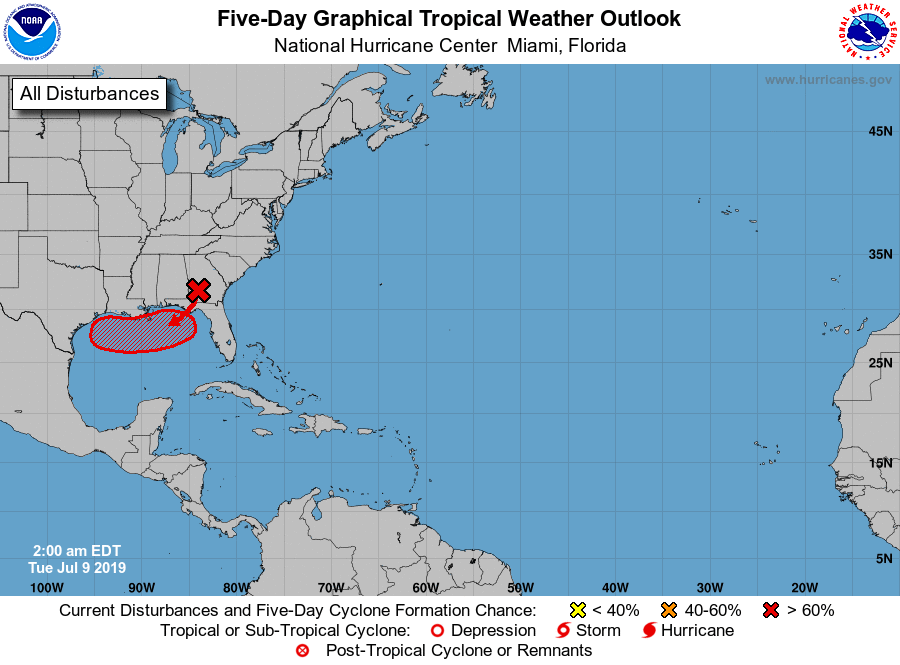
For the North Atlantic...Caribbean Sea and the Gulf of Mexico:

1. A trough of low pressure located over southwestern Georgia is producing disorganized showers. This disturbance is expected to move southward or southwestward during the next day or so, and a broad area of low pressure is forecast to form over the northeastern Gulf of Mexico on Wednesday. Once the disturbance is over water, environmental conditions are expected to be conducive for development and a tropical depression is likely to form by the end of the week while the system moves westward across the northern Gulf of Mexico. Regardless of whether or not a tropical cyclone develops, this system has the potential to produce heavy rainfall along portions of the northern and eastern U.S. Gulf Coast later this week. For more information about the rainfall threat, please see products issued by your local weather forecast office and the NOAA Weather Prediction Center. Interests along the Gulf Coast from the Upper Texas coast to the western Florida peninsula should monitor the progress of this system.
* Formation chance through 48 hours...medium...40 percent.
* Formation chance through 5 days...high...80 percent.

Forecaster Cangialosi